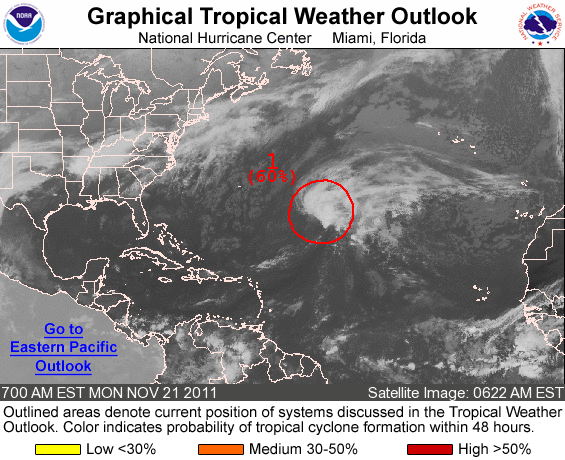
FOR THE NORTH ATLANTIC...CARIBBEAN SEA AND THE GULF OF MEXICO...

1. SHOWERS AND THUNDERSTORMS HAVE BECOME MORE CONCENTRATED NORTH OF A BROAD LOW PRESSURE SYSTEM LOCATED ABOUT 875 MILES NORTHEAST OF THE NORTHEASTERN LEEWARD ISLANDS OVERNIGHT. SATELLITE DATA INDICATE THAT WINDS TO NEAR GALE-FORCE ARE OCCURRING IN ASSOCIATION WITH THIS SYSTEM. HOWEVER...THE CIRCULATION OF THE LOW IS NOT WELL- DEFINED AT THIS TIME. ENVIRONMENTAL CONDITIONS ARE MARGINALLY CONDUCIVE FOR ADDITIONAL DEVELOPMENT...AND THIS SYSTEM COULD ACQUIRE SUBTROPICAL CHARACTERISTICS BEFORE IT MOVES OVER COOLER WATER IN A COUPLE OF DAYS. THIS SYSTEM HAS A HIGH CHANCE...60 PERCENT...OF BECOMING A SUBTROPICAL CYCLONE DURING THE NEXT 48 HOURS AS IT MOVES NORTH- NORTHEASTWARD TO NORTHEASTWARD AT 10 TO 15 MPH.

ADDITIONAL INFORMATION ON THIS LARGE WEATHER SYSTEM CAN BE FOUND IN HIGH SEAS FORECASTS ISSUED BY THE NATIONAL WEATHER SERVICE...UNDER AWIPS HEADER NFDHSFAT1 AND WMO HEADER FZNT01 KWBC.

ELSEWHERE...TROPICAL CYCLONE FORMATION IS NOT EXPECTED DURING THE NEXT 48 HOURS.

FORECASTER KIMBERLAIN/BROWN